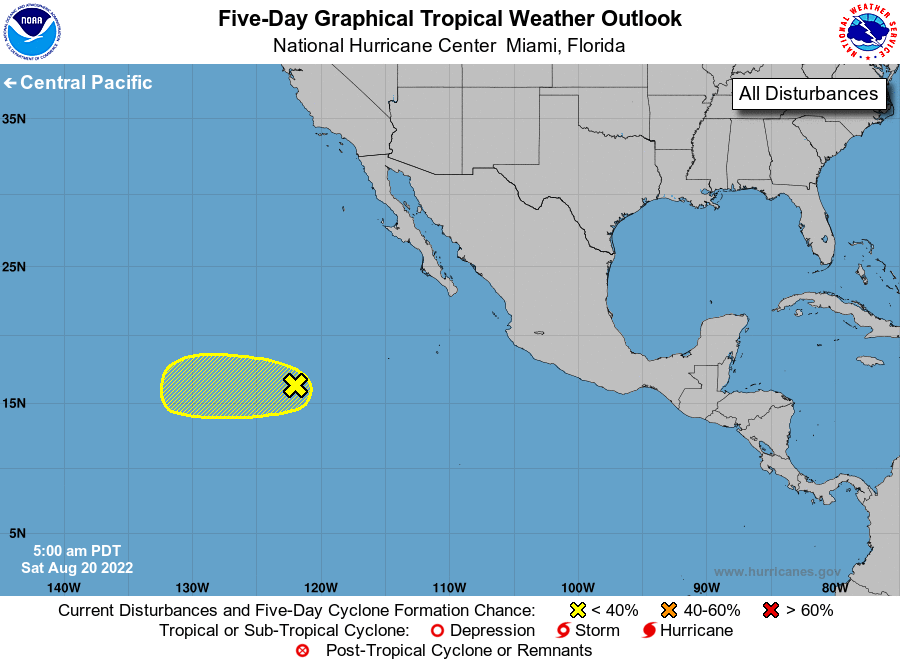
For the eastern North Pacific...east of 140 degrees west longitude:

1. Western East Pacific: Showers and thunderstorms have increased overnight in association with an area of low pressure that is the remnants of Ivette. Some slow development of this system is possible over the next several days as it moves generally westward, well east-southeast of the Hawaiian Islands.
* Formation chance through 48 hours...low...10 percent.
* Formation chance through 5 days...low...20 percent.

Forecaster Latto